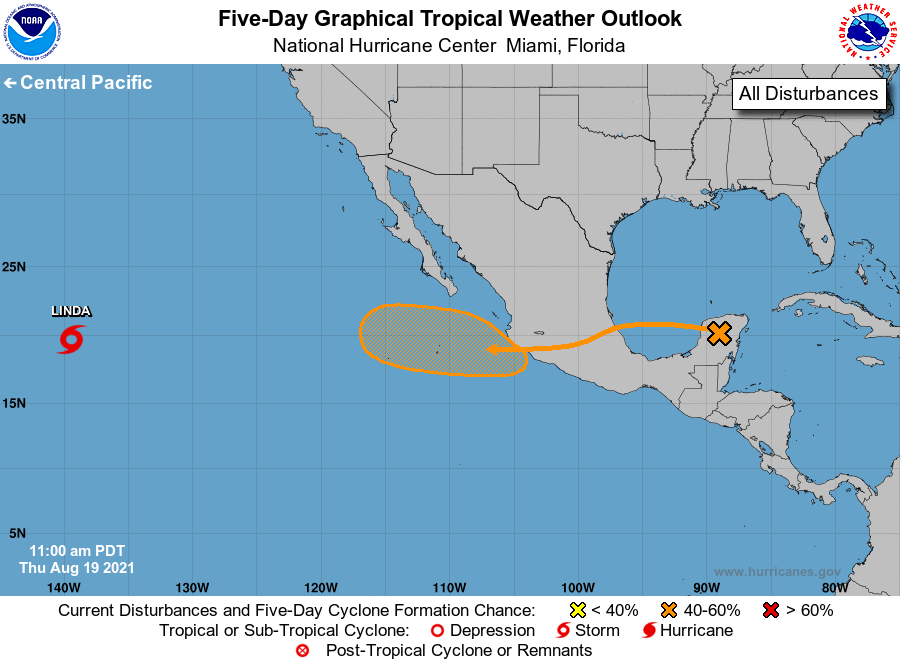
For the eastern North Pacific...east of 140 degrees west longitude:

The National Hurricane Center is issuing advisories on recently downgraded Tropical Storm Linda, located approximately 1100 miles east of Hilo, Hawaii.

1. Tropical Storm Grace, located over the Yucatan Peninsula, is forecast to move inland over mainland Mexico Friday night and dissipate over Mexico by late Saturday. However, Grace's remnants are expected to continue westward and emerge over the eastern Pacific Ocean off the west-central coast of Mexico early Sunday. Environmental conditions are forecast to be conducive for development, and a tropical depression could form late this weekend or early next week while the system moves westward at 10 to 15 mph away from the coast of Mexico.
* Formation chance through 48 hours...low...near 0 percent.
* Formation chance through 5 days...medium...60 percent.

Forecaster Cangialosi/Papin